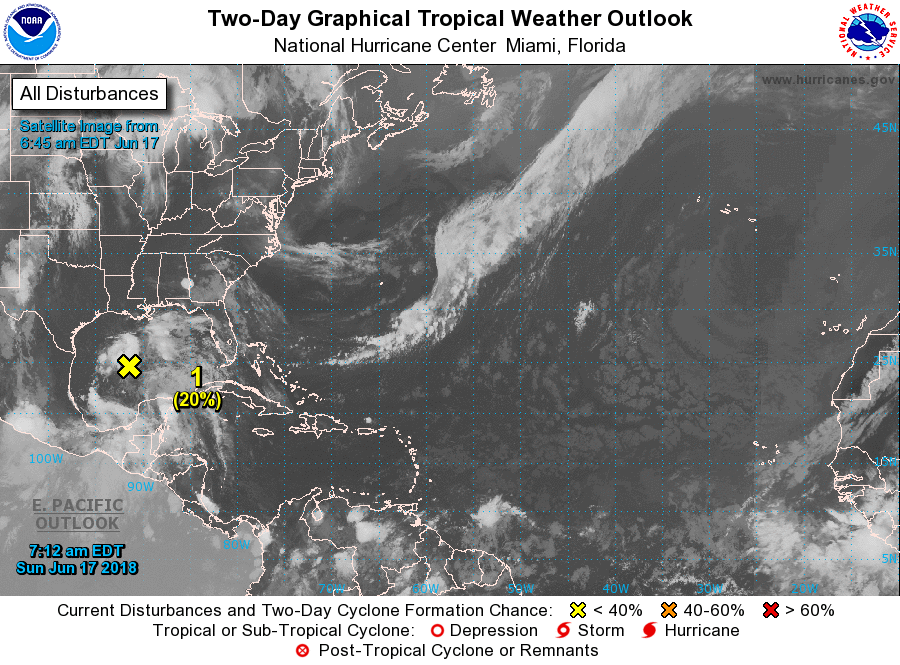
For the North Atlantic...Caribbean Sea and the Gulf of Mexico:

1. The combination of a surface trough and an upper-level low pressure system is producing a large but disorganized area of showers and thunderstorms over the west-central Gulf of Mexico. This system is producing strong gusty winds over the northern and northwestern Gulf. Environmental conditions do not support significant development, however, heavy rains and gusty winds are likely to continue across the northwestern Gulf of Mexico today. This activity will reach portions of the Texas and southwestern Louisiana coasts later today. For more details on this system, please see products issued by your local weather office and High Seas Forecasts issued by the National Weather Service.
* Formation chance through 48 hours...low...20 percent.
* Formation chance through 5 days...low...20 percent.

High Seas Forecasts issued by the National Weather Service can be found under AWIPS header NFDHSFAT1, WMO header FZNT01 KWBC, and on the Web at https://ocean.weather.gov/shtml/NFDHSFAT1.shtml.

Forecaster Pasch